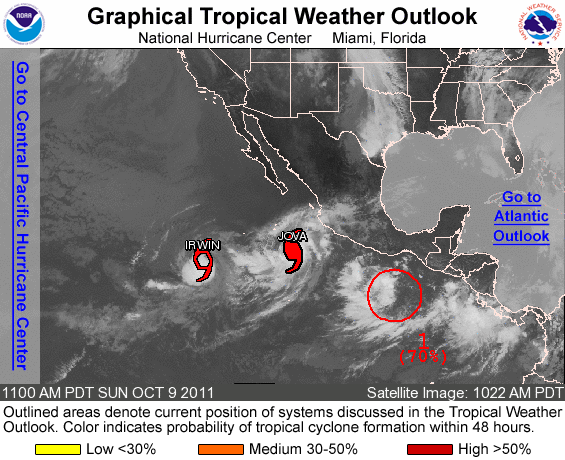
FOR THE EASTERN NORTH PACIFIC...EAST OF 140 DEGREES WEST LONGITUDE..

THE NATIONAL HURRICANE CENTER IS ISSUING ADVISORIES ON HURRICANE JOVA...LOCATED ABOUT 350 MILES WEST-SOUTHWEST OF MANZANILLO MEXICO...AND ON TROPICAL STORM IRWIN...LOCATED ABOUT 835 MILES SOUTHWEST OF THE SOUTHERN TIP OF BAJA CALIFORNIA.

1. A BROAD LOW PRESSURE SYSTEM LOCATED ABOUT 325 MILES SOUTHWEST OF THE MEXICO-GUATEMALA BORDER CONTINUES TO SHOW SIGNS OF ORGANIZATION... AND UPPER-LEVEL WINDS ARE EXPECTED TO BECOME SOMEWHAT CONDUCIVE FOR DEVELOPMENT OVER THE NEXT COUPLE OF DAYS. THIS SYSTEM HAS A HIGH CHANCE...70 PERCENT...OF BECOMING A TROPICAL CYCLONE DURING THE NEXT 48 HOURS AS IT MOVES EASTWARD OR NORTHEASTWARD AT 5 TO 10 MPH. INTERESTS ALONG THE PACIFIC COASTS OF GUATEMALA...EL SALVADOR... HONDURAS...AND NICARAGUA SHOULD MONITOR THE PROGRESS OF THIS DISTURBANCE.

ELSEWHERE...TROPICAL CYCLONE FORMATION IS NOT EXPECTED DURING THE NEXT 48 HOURS.

FORECASTER STEWART